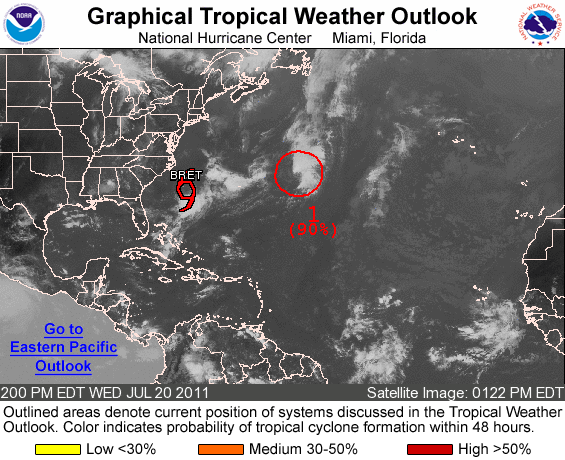
FOR THE NORTH ATLANTIC...CARIBBEAN SEA AND THE GULF OF MEXICO...

THE NATIONAL HURRICANE CENTER IS ISSUING ADVISORIES ON TROPICAL STORM BRET...LOCATED ABOUT 255 MILES SOUTH-SOUTHEAST OF CAPE HATTERAS NORTH CAROLINA.

1. SATELLITE IMAGERY INDICATES THAT SHOWER ACTIVITY ASSOCIATED WITH THE LOW PRESSURE AREA CENTERED ABOUT 550 MILES EAST-NORTHEAST OF BERMUDA CONTINUES TO BECOME BETTER ORGANIZED...AND THAT THE LOW-LEVEL CIRCULATION IS BECOMING BETTER DEFINED. IF CURRENT TRENDS CONTINUE...ADVISORIES WILL BE INITIATED LATER TODAY. THIS SYSTEM HAS A HIGH CHANCE...90 PERCENT...OF BECOMING A SUBTROPICAL OR TROPICAL CYCLONE DURING THE NEXT 48 HOURS AS IT MOVES NORTHEASTWARD AT AROUND 20 MPH.

ELSEWHERE...TROPICAL CYCLONE FORMATION IS NOT EXPECTED DURING THE NEXT 48 HOURS.

FORECASTER BEVEN